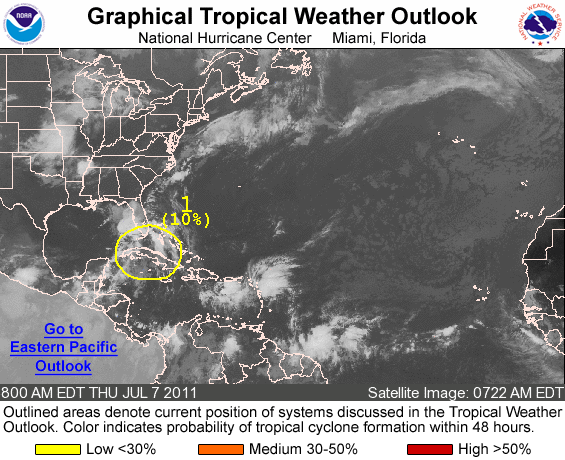
FOR THE NORTH ATLANTIC...CARIBBEAN SEA AND THE GULF OF MEXICO...

1. CLOUDINESS AND SHOWERS EXTENDING FROM YUCATAN ACROSS THE SOUTHEASTERN GULF OF MEXICO...SOUTHERN FLORIDA...AND THE NORTHWESTERN BAHAMAS ARE PRIMARILY ASSOCIATED WITH A SURFACE TROUGH. THIS SYSTEM IS EXPECTED TO DRIFT NORTHWARD OR NORTHWESTWARD WITH NO SIGNIFICANT DEVELOPMENT OVER THE NEXT COUPLE OF DAYS. THERE IS A LOW CHANCE...10 PERCENT...OF THIS SYSTEM BECOMING A TROPICAL CYCLONE DURING THE NEXT 48 HOURS.

2. AN AREA OF DISTURBED WEATHER ASSOCIATED WITH A TROPICAL WAVE IS CENTERED ABOUT 600 MILES EAST-SOUTHEAST OF THE SOUTHERN WINDWARD ISLANDS. THIS ACTIVITY IS EXPECTED TO SPREAD WESTWARD OVER NORTHERN SOUTH AMERICA AND THE SOUTHERN WINDWARD ISLANDS DURING THE NEXT DAY OR TWO WITH NO SIGNIFICANT DEVELOPMENT. THERE IS A LOW CHANCE...10 PERCENT...OF THIS SYSTEM BECOMING A TROPICAL CYCLONE DURING THE NEXT 48 HOURS.

ELSEWHERE...TROPICAL CYCLONE FORMATION IS NOT EXPECTED DURING THE NEXT 48 HOURS.

FORECASTER AVILA